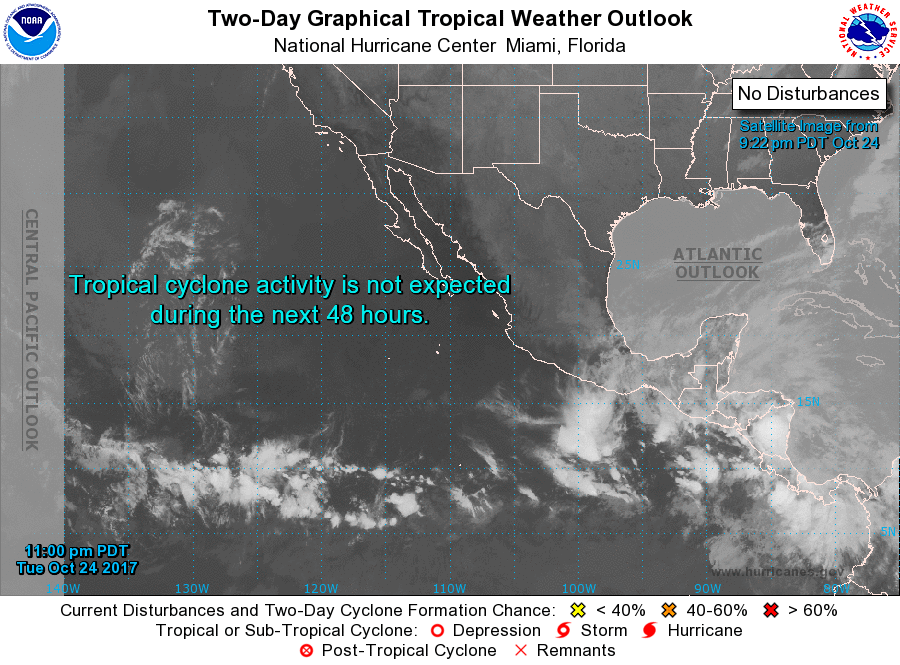
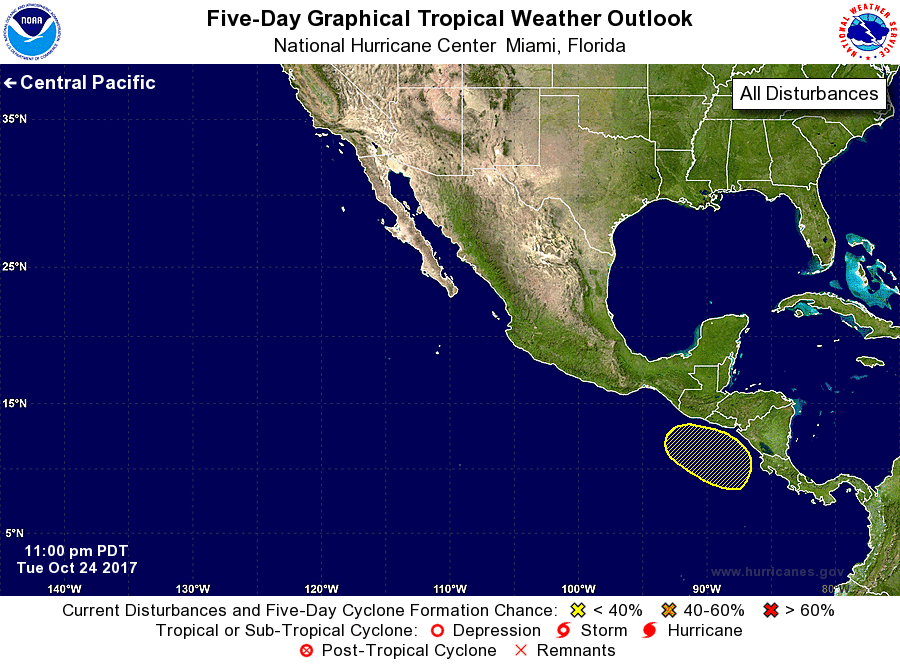
For the eastern North Pacific...east of 140 degrees west longitude:

1. An area of low pressure is expected to form south of eastern Central America by late in the week. Some additional development could subsequently occur as the system moves west-northwestward near the coast of Central America and southeastern Mexico.
* Formation chance through 48 hours...low...near 0 percent.
* Formation chance through 5 days...low...20 percent.

Forecaster Beven